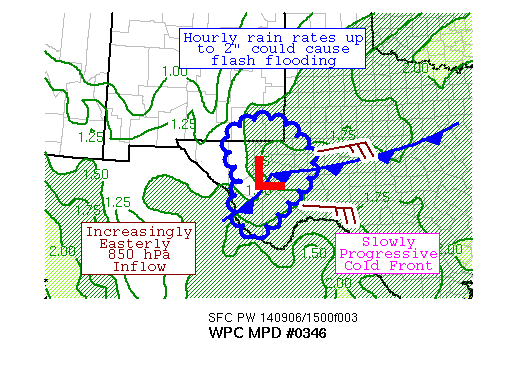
AREAS AFFECTED...WESTERN TX

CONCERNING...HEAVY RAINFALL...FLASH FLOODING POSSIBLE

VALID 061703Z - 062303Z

SUMMARY...THUNDERSTORMS WITH HEAVY RAINFALL ACROSS WESTERN TX ARE
EXPECTED TO SPREAD SOUTHWESTWARD AND EXPAND IN COVERAGE OVER THE
NEXT SEVERAL HOURS.  WITH HOURLY RAIN RATES UP TO 2" ANTICIPATED,
FLASH FLOODING IS POSSIBLE.

DISCUSSION...MORNING THUNDERSTORM ACTIVITY HAS BEEN CONCENTRATED
NEAR AND NORTH OF A FRONTAL BOUNDARY DROPPING SLOWLY SOUTHWARD
ACROSS WESTERN TX DUE TO MODEST SOUTHEASTERLY LOW-LEVEL INFLOW
(15-20 KTS).  MIXED LAYER CAPE VALUES HAVE BUILT TO 500-1000 J/KG
ACROSS WESTERN TX SOUTH OF THE ONGOING THUNDERSTORMS.
PRECIPITABLE WATER VALUES OF ~1.75" EXIST ACROSS THE REGION, NEAR
THE 99TH PERCENTILE FOR EARLY SEPTEMBER.

THE EXPECTATION IS THAT CAPE VALUES SHOULD CONTINUE TO BUILD OVER
THE NEXT SEVERAL HOURS AS CLOUDINESS CONTINUES TO ERODE ACROSS
WESTERN TX.  AS THE 850 HPA FLOW BECOMES MORE EASTERLY AND
ACCELERATES TO 25-30 KTS BEHIND THE SLOWLY PROGRESSIVE COLD FRONT,
THUNDERSTORMS TO THE WEST-SOUTHWEST OF MIDLAND TX WILL EITHER
CONTINUE TO PROPAGATE WESTWARD TOWARDS THE TOPOGRAPHY OR NEW
CONVECTION WOULD FORM ON WINDWARD SLOPES.  BOTH SETS OF CORFIDI
VECTORS ARE QUITE LIGHT, IMPLYING SLOW CELL MOTIONS SHOULD BE THE
RULE.  AVAILABLE MOISTURE SHOULD ALLOW FOR HOURLY RAIN RATES UP TO
2", WITH LOCAL AMOUNTS OF 2-4" ADVERTISED ACROSS THE REGION IN THE
MOST RECENT MESOSCALE GUIDANCE.  CONSIDERING THE TOPOGRAPHY AND
RELATIVELY LOW FLASH FLOOD GUIDANCE IN THE MOUNTAINS OF WEST TX,
FLASH FLOODING IS CONSIDERED POSSIBLE.